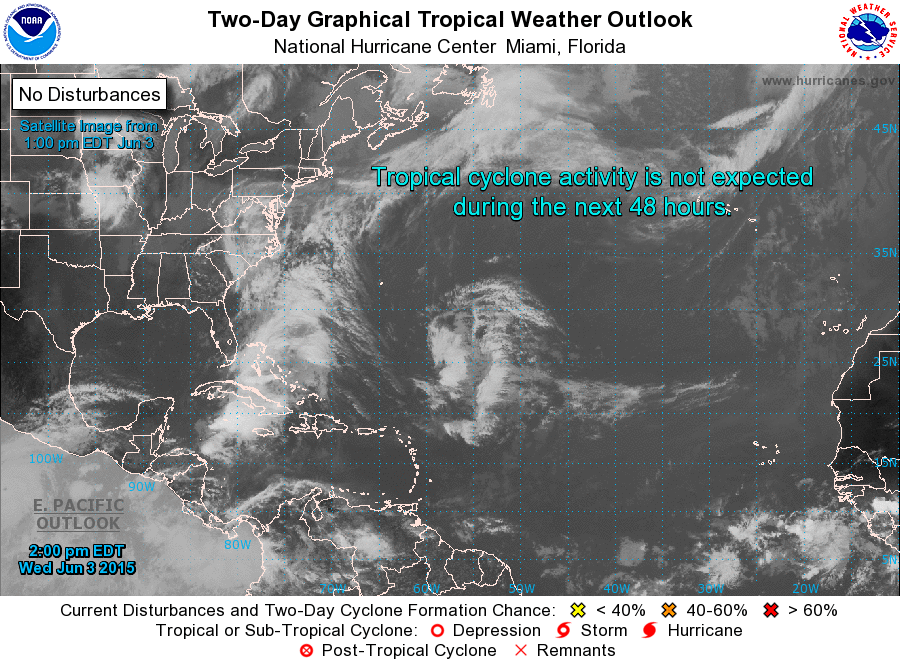
For the North Atlantic...Caribbean Sea and the Gulf of Mexico:

Tropical cyclone formation is not expected during the next 5 days.

Forecaster Avila